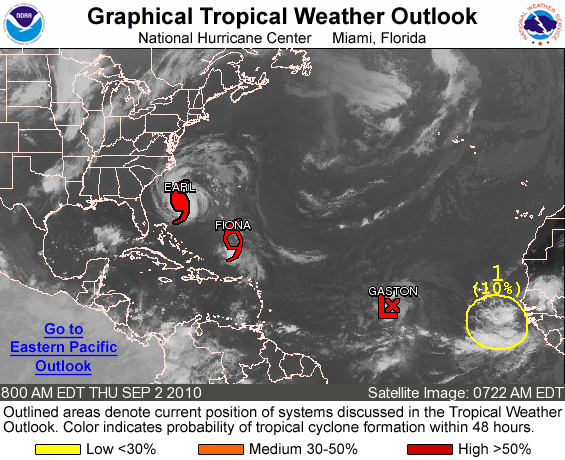
FOR THE NORTH ATLANTIC...CARIBBEAN SEA AND THE GULF OF MEXICO...

THE NATIONAL HURRICANE CENTER IS ISSUING ADVISORIES ON HURRICANE EARL...LOCATED ABOUT 355 MILES SOUTH OF CAPE HATTERAS NORTH CAROLINA. ADVISORIES ARE ALSO BEING ISSUED ON TROPICAL STORM FIONA...LOCATED ABOUT 610 MILES SOUTH OF BERMUDA...AND ON TROPICAL STORM GASTON...LOCATED ABOUT 965 MILES WEST OF THE CAPE VERDE ISLANDS.

1. SHOWERS AND THUNDERSTORMS...ASSOCIATED WITH A VIGOROUS TROPICAL WAVE...ARE LOCATED A FEW HUNDRED MILES EAST-SOUTHEAST OF THE SOUTHERNMOST CAPE VERDE ISLANDS. SOME SLOW DEVELOPMENT OF THIS SYSTEM IS POSSIBLE DURING THE NEXT COUPLE OF DAYS AS IT MOVES WESTWARD NEAR 10 MPH. THERE IS A LOW CHANCE...10 PERCENT...OF THIS SYSTEM BECOMING A TROPICAL CYCLONE DURING THE NEXT 48 HOURS.

ELSEWHERE...TROPICAL CYCLONE FORMATION IS NOT EXPECTED DURING THE NEXT 48 HOURS.

PUBLIC ADVISORIES ON TROPICAL STORM GASTON ARE ISSUED UNDER WMO HEADER WTNT34 KNHC AND UNDER AWIPS HEADER MIATCPAT4. FORECAST/ADVISORIES ON TROPICAL STORM GASTON ARE ISSUED UNDER WMO HEADER WTNT24 KNHC AND UNDER AWIPS HEADER MIATCMAT4.

FORECASTER ROBERTS/PASCH